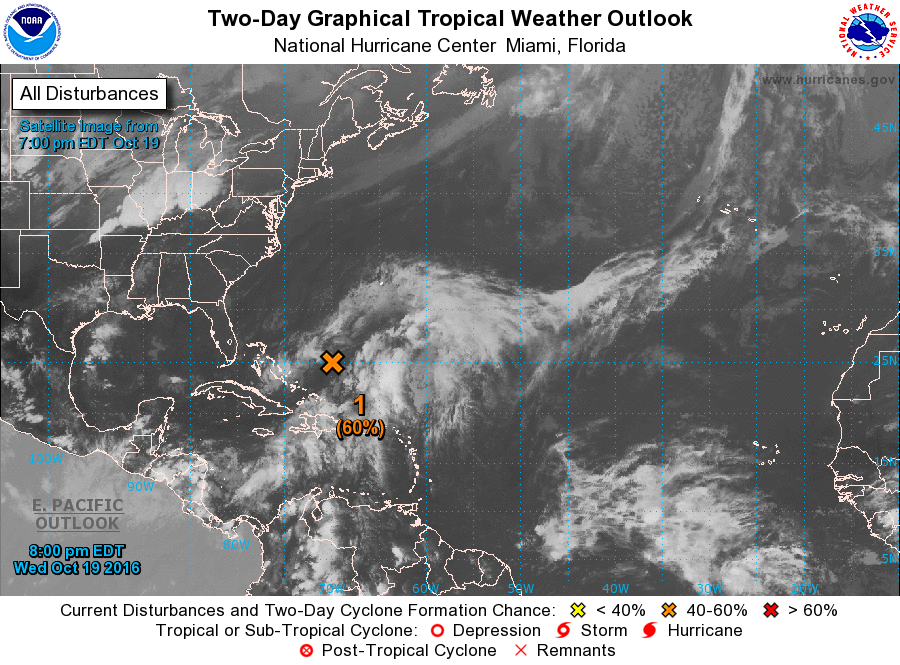
For the North Atlantic...Caribbean Sea and the Gulf of Mexico:

1. An elongated non-tropical area of low pressure located about 250 miles northeast of the southeastern Bahamas is moving north-northwestward at about 10 mph. Although the associated shower and thunderstorm activity remains disorganized, environmental conditions could become a little more conducive for the low to acquire some tropical characteristics during the next day or so, and this system could still become a subtropical or tropical cyclone before it merges with a cold front over the western Atlantic late Friday. A NOAA reconnaissance aircraft is scheduled to investigate this system Thursday afternoon, if necessary. Regardless of development, locally heavy rainfall is possible over Hispaniola, Puerto Rico, and portions of the northern Leeward Islands through Thursday.
* Formation chance through 48 hours...medium...60 percent
* Formation chance through 5 days...medium...60 percent

Forecaster Brown